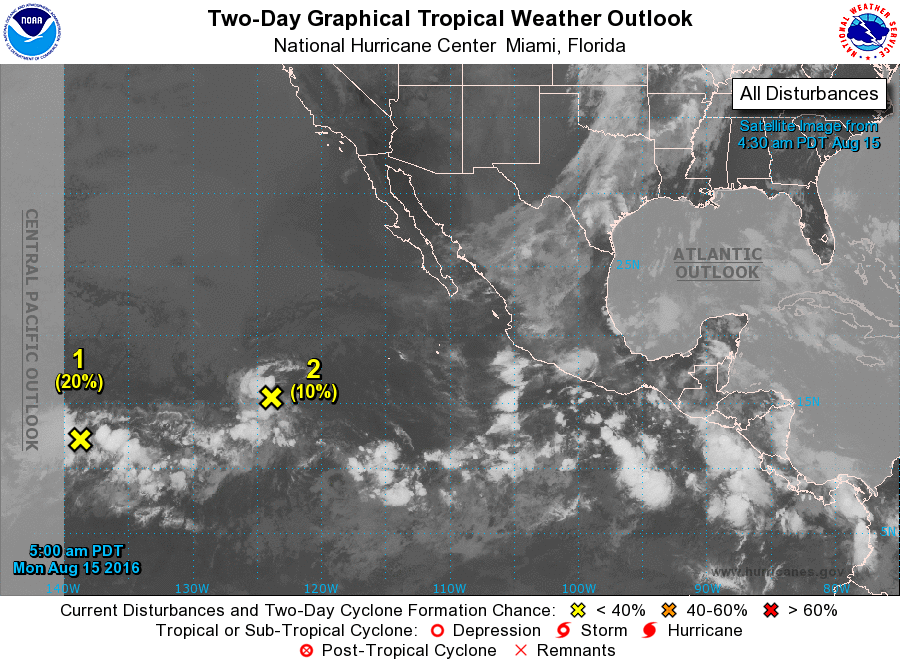
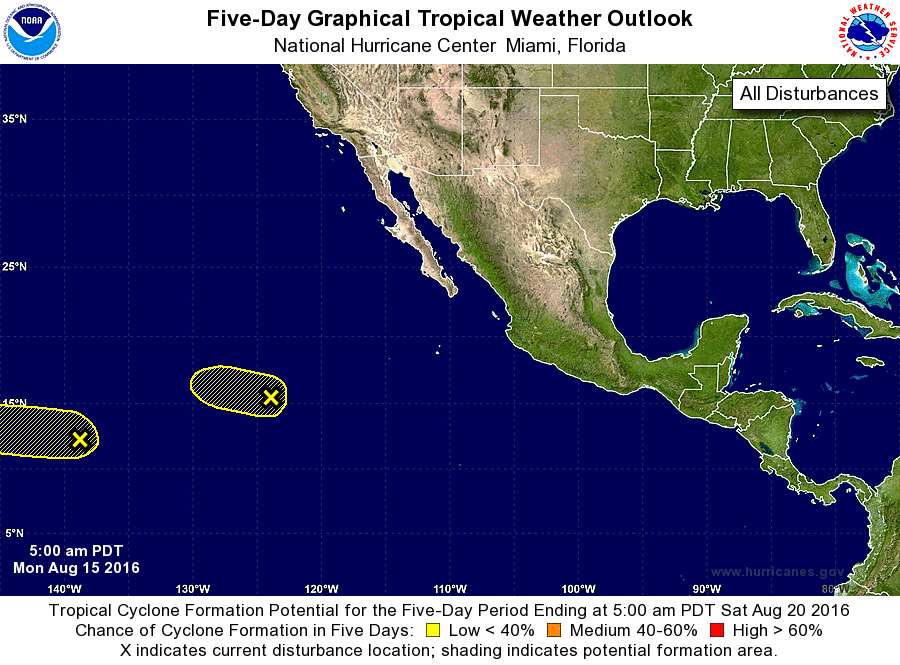
For the eastern North Pacific...east of 140 degrees west longitude:

1. An elongated trough of low pressure continues to produce an area of disturbed weather about 1150 miles east-southeast of the Hawaiian Islands. This system is moving westward at about 10 mph, and is expected to move into the Central Pacific basin later today. Development, if any, of this system should be slow to occur during the next several days due to its proximity to dry air.
* Formation chance through 48 hours...low...20 percent
* Formation chance through 5 days...low...30 percent

2. A trough of low pressure located more than 1000 miles southwest of the southern tip of the Baja California peninsula continues to produce disorganized showers and thunderstorms. Environmental conditions are expected to become less conducive for development during the next couple of days while the disturbance moves slowly westward.
* Formation chance through 48 hours...low...10 percent
* Formation chance through 5 days...low...10 percent

Forecaster Stewart